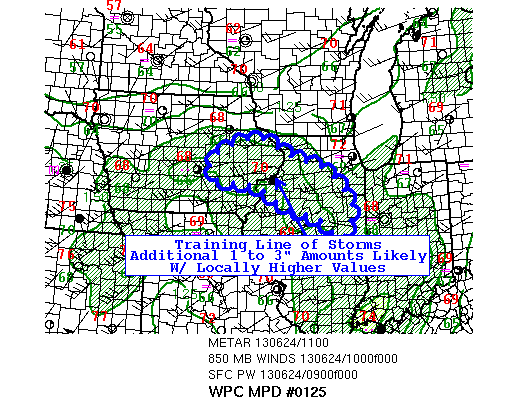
AREAS AFFECTED...EASTERN IA INTO NORTH CENTRAL IL

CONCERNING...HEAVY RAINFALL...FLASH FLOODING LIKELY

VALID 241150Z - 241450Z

SUMMARY...A TRAINING LINE OF THUNDERSTORMS OVER AN AREA WITH
RELATIVELY LOW FLASH FLOOD GUIDANCE WILL LIKELY PRODUCE FLASH
FLOODING ISSUES FROM ERN IA INTO NRN IL.

DISCUSSION...A SMALL SCALE LOBE OF VORTICITY ROUNDING THE TOP OF
THE SYNOPTIC LARGE SCALE 500MB RIDGE IS ARRIVING INTO AN AREA RICH
WITH DEEP LOW LEVEL TROPICAL MOISTURE THIS MORNING. THIS IS
BEGINNING TO TRIGGER A VERY PERSISTENT SLOW MOVING AREA OF
CONVECTIVE HEAVY RAINFALL WITH TRAINING CHARACTERISTICS FROM ERN
IA INTO PARTS OF NORTH CENTRAL IL. OVERNIGHT 3 HRLY FFG IS
GENERALLY AOA 2 INCHES... WHICH WILL LIKELY BE MET AS GUIDANCE
SUGGESTS THE ACTIVE SWRLY 850MB INFLOW JET CONTINUING FOR THE NEXT
3 TO 4 HRS.